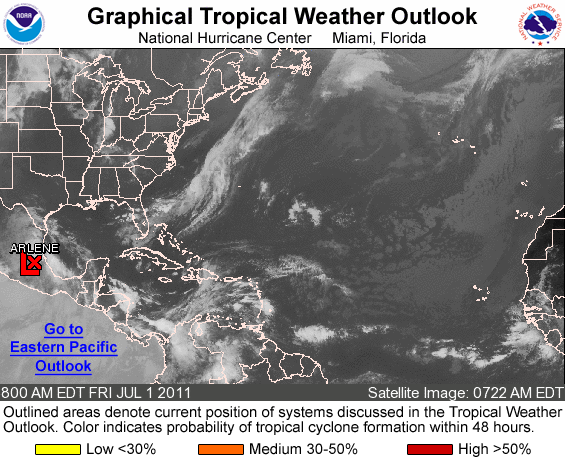
FOR THE NORTH ATLANTIC...CARIBBEAN SEA AND THE GULF OF MEXICO...

1. THE REMNANTS OF ARLENE ARE LOCATED INLAND OVER CENTRAL MEXICO. SEVERAL ADDITIONAL INCHES OF RAIN ARE POSSIBLE OVER PORTIONS OF CENTRAL AND EASTERN MEXICO OVER THE NEXT DAY OR TWO...AND THESE RAINS COULD STILL CAUSE LIFE-THREATENING FLASH FLOODS AND MUD SLIDES. THERE IS A LOW CHANCE...NEAR 0 PERCENT...OF THIS SYSTEM BECOMING A TROPICAL CYCLONE DURING THE NEXT 48 HOURS.

ELSEWHERE...TROPICAL CYCLONE FORMATION IS NOT EXPECTED DURING THE NEXT 48 HOURS.

FORECASTER BERG